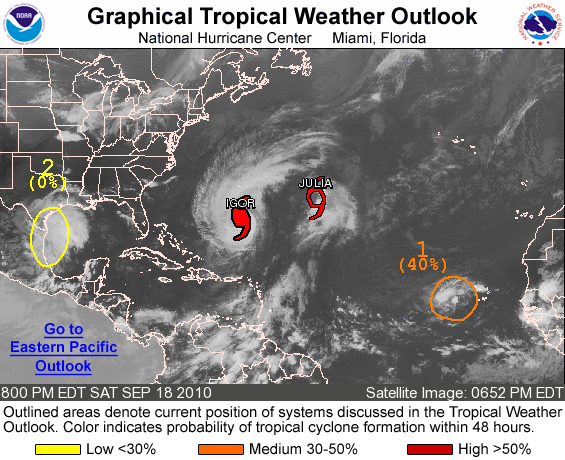
FOR THE NORTH ATLANTIC...CARIBBEAN SEA AND THE GULF OF MEXICO...

THE NATIONAL HURRICANE CENTER IS ISSUING ADVISORIES ON HURRICANE IGOR...LOCATED ABOUT 325 MILES SOUTH OF BERMUDA...AND ON TROPICAL STORM JULIA...LOCATED ABOUT 1500 MILES WEST-SOUTHWEST OF THE AZORES.

1. A LOW PRESSURE SYSTEM LOCATED A COUPLE HUNDRED MILES WEST OF THE CAPE VERDE ISLANDS IS MOVING WESTWARD AT 5 TO 10 MPH. THUNDERSTORM ACTIVITY HAS INCREASED DURING THE PAST FEW HOURS AND ENVIRONMENTAL CONDITIONS ARE GRADUALLY BECOMING MORE FAVORABLE FOR ADDITIONAL DEVELOPMENT OF THIS DISTURBANCE. THERE IS A MEDIUM CHANCE... 40 PERCENT...OF THIS SYSTEM BECOMING A TROPICAL CYCLONE DURING THE NEXT 48 HOURS.

2. CLOUDINESS AND THUNDERSTORMS SITUATED OVER MUCH OF THE WESTERN GULF OF MEXICO...SOUTHERN TEXAS...AND NORTHEASTERN MEXICO ARE ASSOCIATED WITH A WESTWARD-MOVING SURFACE TROUGH LOCATED INLAND OVER THE RIO GRANDE VALLEY OF EXTREME SOUTHERN TEXAS AND NORTHEASTERN MEXICO. THIS BROAD DISTURBANCE IS EXPECTED TO CONTINUE MOVING FARTHER INLAND...AND THERE IS A LOW CHANCE...NEAR 0 PERCENT...OF THIS SYSTEM BECOMING A TROPICAL CYCLONE DURING THE NEXT 48 HOURS.

ELSEWHERE...TROPICAL CYCLONE FORMATION IS NOT EXPECTED DURING THE NEXT 48 HOURS.

FORECASTER STEWART